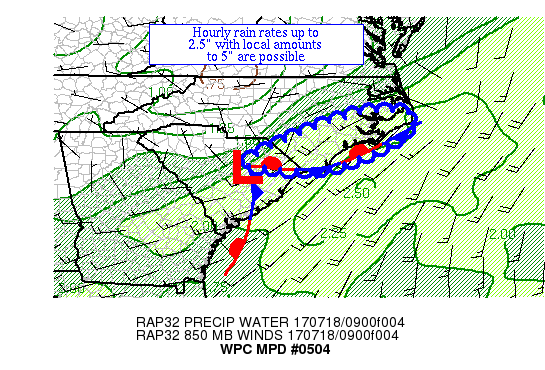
AREAS AFFECTED...NORTHEAST SC & SOUTHEAST NC

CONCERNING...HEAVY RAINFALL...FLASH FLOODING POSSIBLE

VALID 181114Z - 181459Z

SUMMARY...THUNDERSTORMS ARE SLOWLY INCREASING IN COVERAGE AND
SHOWING OCCASIONAL TRAINING CHARACTER.  HOURLY RAIN RATES UP TO
2.5" WITH LOCAL AMOUNTS UP TO 5" ARE POSSIBLE.

DISCUSSION...WATER VAPOR IMAGERY SHOWS A MID TO UPPER LEVEL LOW
NEAR THE NC/VA BORDER, WHICH IS FOSTERING UPPER LEVEL DIVERGENCE
OVER AN AREA OF THUNDERSTORMS WHICH HAS BEEN DISPLAYING COOLING
CLOUD TOPS AND HAS BEEN SLOWLY GROWING IN COVERAGE SINCE 07Z.  THE
CONVECTION IS ELEVATED OVER THE TOP OF THE SURFACE BOUNDARY
LOCATED VERY NEAR THE NC COAST AND JUST EAST OF A WEAK SURFACE
LOW.  PRECIPITABLE WATER VALUES ARE ~2" PER GPS DATA.  INFLOW AT
850 HPA IS SOUTHWEST AT 15-20 KTS PER VAD WIND PROFILES IN THE
REGION.  SPC MESOANALYSES INDICATE 25+ KTS OF EFFECTIVE BULK SHEAR
WHICH APPEARS TO BE TRYING TO ORGANIZE THE ACTIVITY INTO SHORT
TRAINING BANDS.  MUCAPE VALUES IN THE REGION ARE 1000-2000 J/KG.

THE 06Z SSEO NEIGHBORHOOD PROBABILITIES ADVERTISED THE CONVECTIVE
UPTICK RATHER WELL, ALTHOUGH A COUPLE HOURS DELAYED COMPARED TO
RADAR/SATELLITE TRENDS.  WHILE THE 09Z HRRR HAS THE INDICATION OF
A HIGHLY LOCALIZED MAXIMUM, THE 06Z CANADIAN REGIONAL (ALTHOUGH
SLIGHTLY TOO FAR TO THE NORTH) SHOWED A SPOT MAXIMUM TOWARDS 5" IN
SOUTHEAST NC THROUGH 15Z, WHICH SEEMS PLAUSIBLE.  THE AVAILABLE
MOISTURE AND INSTABILITY INDICATE THAT HOURLY RAIN RATES UP TO
2.5" ARE POSSIBLE.  SOME SLIGHT VEERING IN THE 850 HPA WIND WITH
TIME SUGGESTS THAT THE CONVECTION WILL EVENTUALLY PROGRESS
EASTWARD, WITH FORWARD PROPAGATING CONVECTIVE VECTORS SUGGESTING
SPEEDS UP TO 30 KTS.